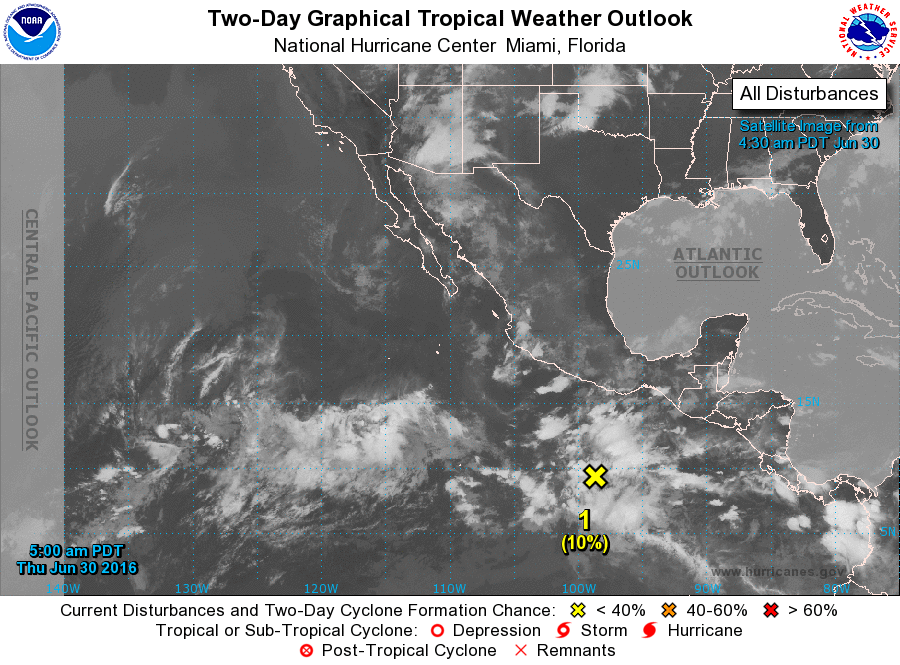
For the eastern North Pacific...east of 140 degrees west longitude:

1. A large area of disturbed weather is located a few hundred miles south of the coast of southern Mexico. A broad area of low pressure is expected to form in this area during the next day or so, and environmental conditions are forecast to be conducive for a tropical depression to develop over the weekend while the system moves generally westward or west-northwestward at 10 to 15 mph, remaining well offshore of the coast of Mexico.
* Formation chance through 48 hours...low...10 percent
* Formation chance through 5 days...high...70 percent

Forecaster Stewart